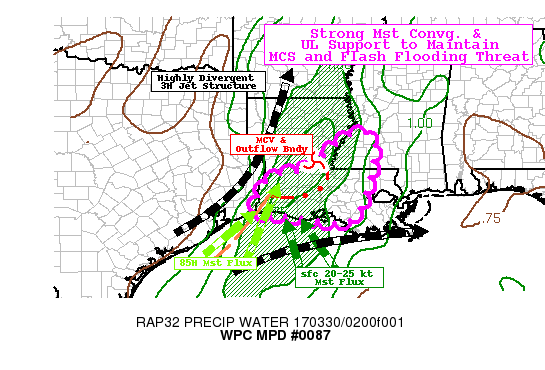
AREAS AFFECTED...SOUTHERN LA...SOUTHWEST MS

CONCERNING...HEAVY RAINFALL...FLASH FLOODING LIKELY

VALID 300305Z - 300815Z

SUMMARY...MESO-LOW AND WEST TO EAST ORIENTED OUTFLOW ALONG WITH
CONTINUED STRONG ONSHORE FLOW SUPPORTS ENVIRONMENT FOR SLOW MOVING
HIGHLY EFFICIENT RAINFALL PRODUCING CELLS SUPPORTING CONTINUED
FLASH FLOODING THREAT THROUGH LATE NIGHT HOURS.

DISCUSSION...SIGNIFICANT LATENT HEAT RELEASE IN CONVECTIVE COMPLEX
ALONG WITH SPLIT JET STRUCTURE ALOFT HAS SUPPORTED THE GENERATION
OF A MODEST MCV THAT IS LIFTING ENE INTO SW MS ATTM PER RADAR
MOSAIC.  ADDITIONALLY THE COLD POOL GENERATION SUPPORTS A WEAKLY
DEFINED WEST TO EAST OUTFLOW BOUNDARY PARALLEL BUT JUST SOUTH OF
I-10.  WV LOOP SHOWS THE BROADLY DIFFLUENT PATTERN ALOFT THOUGH
SUBTROPICAL JET BREAKS EASTWARD ALONG THE NORTHERN GULF COAST
LEADING TO THE NICELY SPLIT JET AND GOES EIR SHOWS COMPLEX HAS
DEVELOPED A NICE WEDGE APPEARANCE WITHIN THE SPLIT.  THE MAIN
HEIGHT FALLS REMAIN UPSTREAM FOR A FEW MORE HOURS BEFORE THE
EASTWARD PUSH IS TO OCCUR...ADVANCING THE MAIN COLD FRONT
CURRENTLY ACROSS EASTERN TX.   AS SUCH SURFACE AND LOW LEVEL WIND
FLOW REGIMES CONTINUE TO TRANSPORT HIGH THETA-E WITH SURFACE
20-25KT SELY VEERING WITH HEIGHT TOWARD STRONG CONVERGENCE
BOUNDARY DEMARCATED BY GROWING CONVECTIVE LINE PARALLEL TO THE SE
TX COAST COMING ASHORE ACROSS LAKE CHARLES VICINITY.  BROAD SWLY
FLOW INTERSECTING WITH THE W-E OUTFLOW BOUNDARY SUPPORTS
ISENTROPIC ASCENT TO TAP ANY REMAINING ELEVATED INSTABILITY AND
CONTINUING TO CONTRIBUTE TO CONVECTIVE REDEVELOPMENT POST LEADING
EDGE OF TROF NEAR THE MESO-LOW.   THESE COMBINED FACTORS WILL
CONTINUE TO SUPPORT FLASH FLOODING CONDITIONS ACROSS SOUTH CENTRAL
LA LIFTING INTO SW MS WHERE RAINFALL RATES IN EXCESS AT OR ABOVE
2"/HR REMAIN LIKELY FOR THE NEXT FEW HOURS OR SO.

RAPID REFRESH HI-RES GUIDANCE PARTICULARLY THE HRRR AND ESRL EXP.
HURR AND RAP SUGGEST ARE NOT AS BROAD/AMPLIFIED WITH THE MESO LOW
AND MUCH SLOWER LEADING TO A FLATTER/NARROWER CONVECTIVE
LINE/COMPLEX ACROSS CENTRAL LA...YET THESE GUIDANCE MEMBERS ARE
MOST ALIGNED WITH RECENT EVOLUTION.  THESE GUIDANCE MEMBERS ARE
ALSO SUGGESTING AS THE MAIN PUSH OF THE COLD FRONT/HEIGHT FALLS
ADVANCE THE LOW LEVEL MOISTURE TRANSPORT WILL BECOME A BIT MORE
ALIGNED VERTICALLY WITH FLOW ALOFT INCREASING PROPAGATION VECTORS
EASTWARD WHILE REDUCING IN STRENGTH...THINNING THE LINE INTO SE LA
TOWARD 08-09Z.  EXPECTATION IS THAT WIDTH IS A BIT TOO NARROW AND
EASTWARD ADVANCEMENT MAY BE UNDERESTIMATED INCREASING THE FLOODING
THREAT EASTWARD AS WELL THOUGH EARLY MORNING...THOUGH LIKELY NOT
AS FAR EAST AS NEW ORLEANS/EAST OF I-55.  WILL CONTINUE TO MONITOR
CLOSELY.